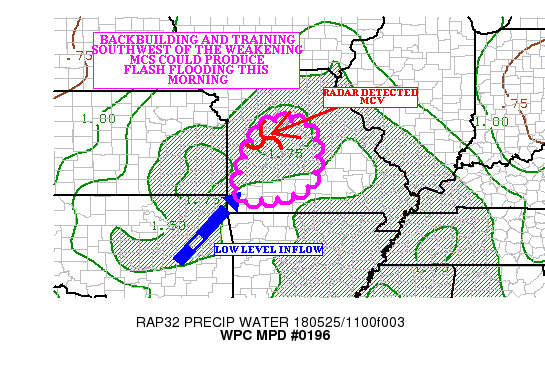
AREAS AFFECTED...SOUTHWEST AND CENTRAL MO

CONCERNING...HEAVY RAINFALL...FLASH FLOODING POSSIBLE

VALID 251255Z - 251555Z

SUMMARY...CONVECTION DEVELOPING ON THE LOW LEVEL INFLOW SOUTHWEST
OF A WEAKENING MCS COULD RESULT IN A FLASH FLOOD THREAT THIS
MORNING ACROSS PORTIONS OF SOUTHWEST AND CENTRAL MO.

DISCUSSION...THE GOES-16 CLEAR IR LOOP SHOWED A WEAKENING MCS NEAR
KGLY...AS CLOUD TOPS SLOWLY WARM. SOUTHWEST OF THE MCS...A 25 KNOT
LEVEL SOUTHWEST FLOW CONTINUES TO FEED 1.75 INCH PRECIPITABLE
WATER AIR ACROSS SOUTHWEST MO (PER THE MOST RECENT RAP
ANALYSIS)...AND THE MOISTURE AND RESIDUAL INSTABILITY (MUCAPE
VALUES NEAR 1000 J/KG LOCATED OVER EASTERN KS AND FAR WESTERN MO)
ARE FEEDING CONVECTIVE DEVELOPMENT ON THE SOUTHWEST FLANK OF THE
MCS.

WITHIN THE DEEP MOISTURE PLUME...THE KSGF RADAR HAS INDICATED
HOURLY RAINFALL RATES NEARING 2.00 INCHES OVER PORTIONS OF
BATES/SINCLAIR AND VERNON COUNTIES. THE MOST RECENT RAP SHOWED
THAT WHILE THE LARGER SCALE CONVECTIVE COMPLEX SHOULD CONTINUE TO
MOVE EAST SOUTHEAST... PROPAGATION VECTORS ALMOST OPPOSE THE
850-300 MB MEAN WIND...INDICATING THAT BACKBUILDING AND SHORT TERM
TRAINING COULD CONTINUE OVER PORTIONS OF SOUTHWEST AND CENTRAL MO
INTO THE MID TO LATE MORNING HOURS.

THE POTENTIAL FOR HOURLY RAINFALL RATES BETWEEN 1.50 AND 2.00
INCHES ARE EXPECTED BEFORE THE POOL OF ELEVATED INSTABILITY IS
EXHAUSTED LATER THIS MORNING. MOST OF THE HIGH RESOLUTION GUIDANCE
SHOWED THE POTENTIAL FOR ADDITIONAL 2.00/3.00 INCHES OF RAINFALL
WHERE CONVECTION TRAINING AND BACKBUILDS. THESE AMOUNTS ARE CLOSE
TO THE THREE HOUR FLASH FLOOD GUIDANCE...SO FLASH FLOODING IS
CONSIDERED POSSIBLE THIS MORNING.